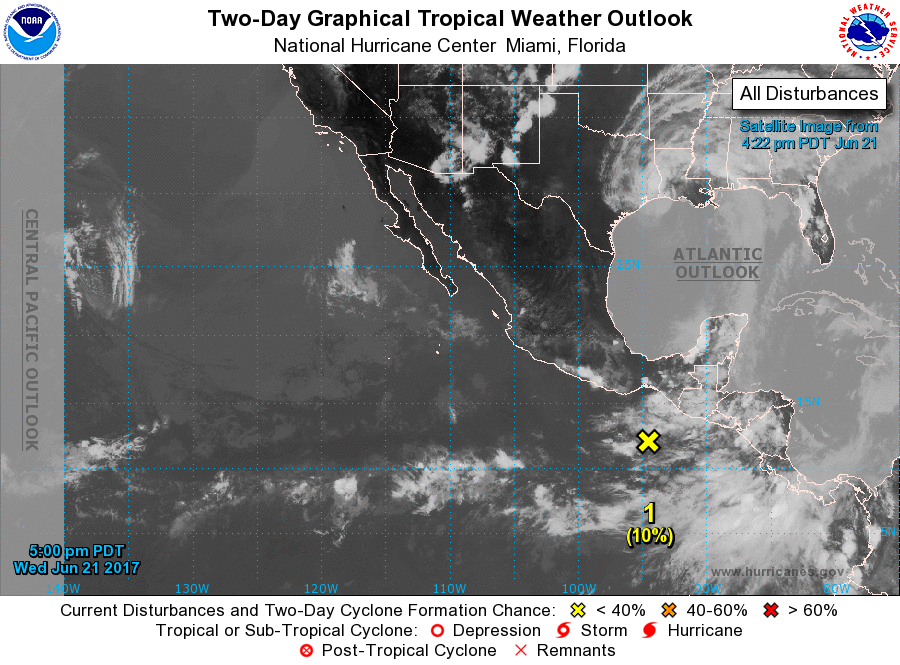
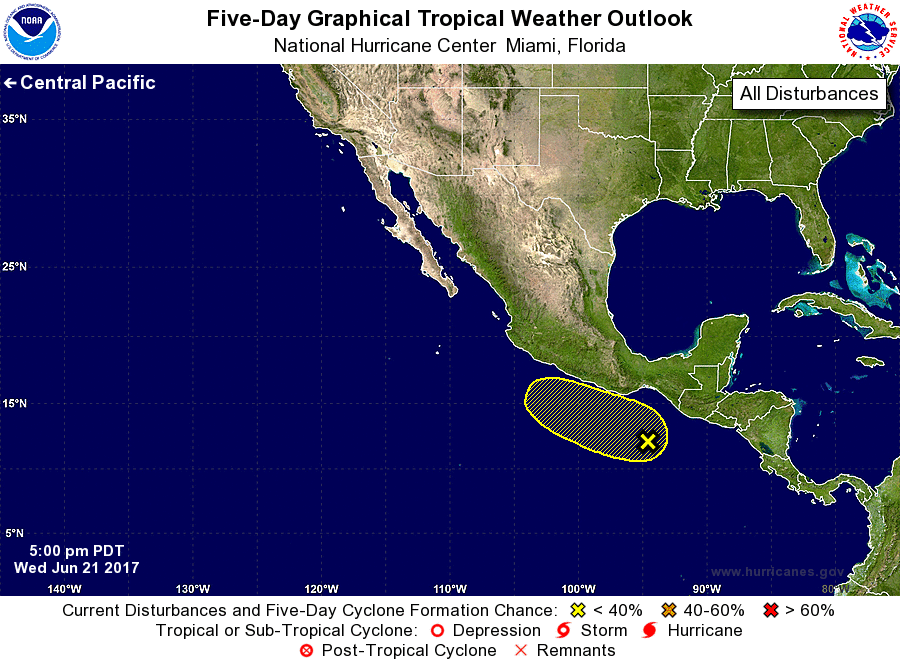
For the eastern North Pacific...east of 140 degrees west longitude:

1. A broad area of low pressure has formed a few hundred miles south of the Gulf of Tehuantepec. Some development of this system is possible by this weekend while it moves westward to west-northwestward parallel to the coast of Mexico.
* Formation chance through 48 hours...low...10 percent.
* Formation chance through 5 days...low...20 percent.

Forecaster Berg